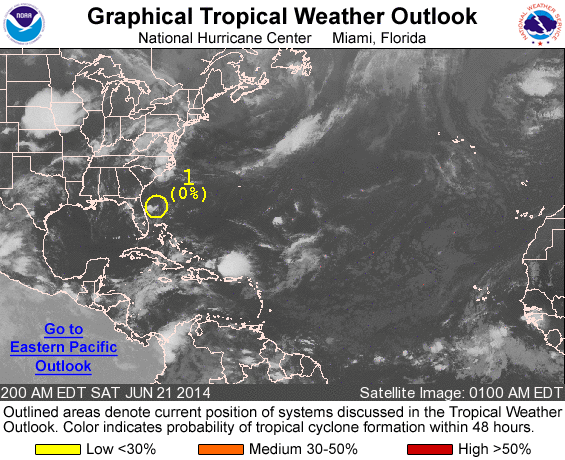
For the North Atlantic...Caribbean Sea and the Gulf of Mexico:

1. Shower activity remains limited in association with a weak area of low pressure located about 90 miles east-northeast of Daytona Beach, Florida. Environmental conditions are expected to continue to be unfavorable for significant development while the system drifts slowly northward tonight and begins to accelerate northeastward later today.
* Formation chance through 48 hours...low...0 percent.
* Formation chance through 5 days...low...0 percent.

Forecaster Stewart